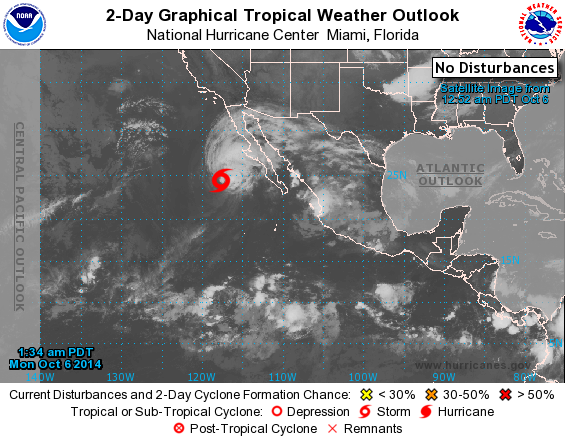
For the eastern North Pacific...east of 140 degrees west longitude:

The National Hurricane Center is issuing advisories on Tropical Storm Simon, located a few hundred miles south-southwest of Punta Eugenia, Mexico.

1. An area of low pressure could form around the middle part of this week a few hundred miles south of the coast of Central America. Environmental conditions are conducive for some gradual development of this system after that time while it moves slowly west- northwestward or northwestward.
* Formation chance through 48 hours...low...near 0 percent.
* Formation chance through 5 days...low...20 percent.

Forecaster Kimberlain